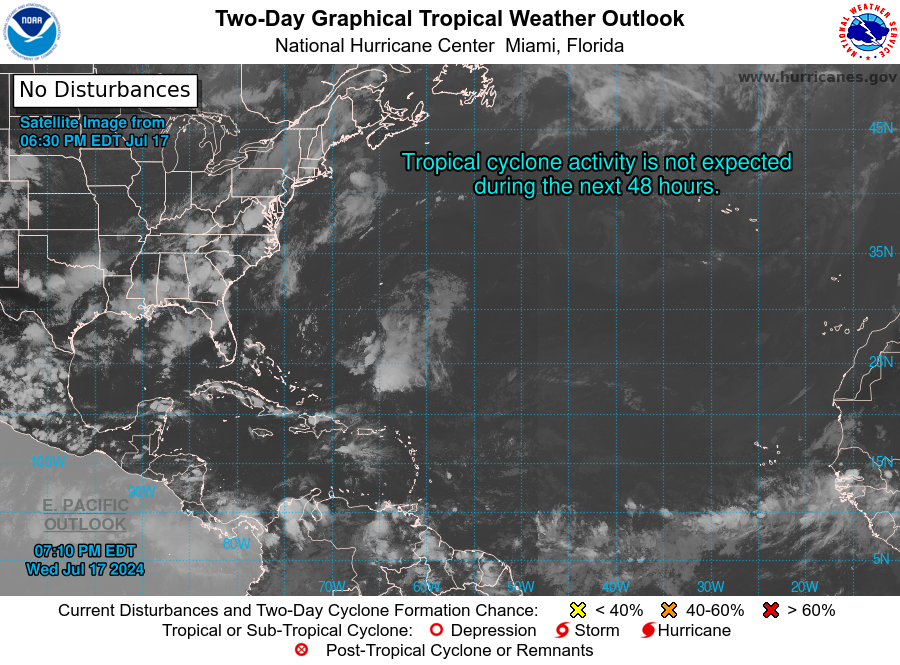
For the North Atlantic...Caribbean Sea and the Gulf of Mexico:

Tropical cyclone formation is not expected during the next 7 days.

Forecaster Beven